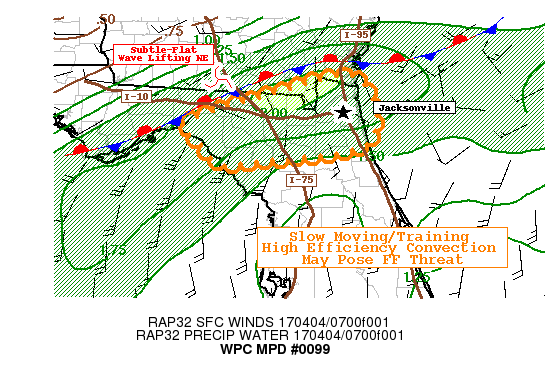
AREAS AFFECTED...NORTHEAST FL...EXT SOUTHEAST GA

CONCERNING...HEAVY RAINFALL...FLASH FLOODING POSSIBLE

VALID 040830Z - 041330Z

SUMMARY...PESKY REGENERATING CONVECTIVE COMPLEX ACROSS N FL
EXPECTED TO EXPAND INTO NE FL POSSIBLY AFFECTING THE I-10 CORRIDOR
AND JACKSONVILLE PROPER WITH HVY RAINS AND POSSIBLE FLASH FLOODING
CONDITIONS.

DISCUSSION...08Z SFC ANALYSIS DENOTES SFC BOUNDARY FROM NORTHERN
TIP OF APALACHEE BAY ACROSS TO JUST NORTH OF THE GA/FL BORDER AT
THE ATLANTIC COAST...SOUTHERLY COMPONENT SFC WIND FLOW INTERSECTS
WITH THE BOUNDARY PROVIDING STRONG SFC MST CONVERGENCE THOUGH
STRONGER FLOW WITHOUT FRICTIONAL EFFECTS OF 20-25KT ACROSS
APALACHEE BAY INTO THE BOUNDARY ALONG WITH CONFLUENT 40-45KT 850MB
FLOW CONTINUE TO MAINTAIN STRONG CONVECTION.  IN THE MID-LEVELS A
SUBTLE FLAT WAVE HAS BEEN TRACKING ACROSS S CENT GA ATTM PROVIDING
A BIT OF INCREASED UPPER LEVEL EVACUATION/ASCENT TO STRENGTHEN
UPDRAFTS.  GIVEN THE SFC FLOW IS HIGHLY RICH WITH MID 70S TDS AND
OVERALL TPWS OVER 1.75" CONVECTION HAS BEEN QUITE EFFICIENT WITH
RATES 2-2.5"/HR.  WHILE GREATER RAINFALL UP TO 8-9" FELL UPSTREAM
OVER RURAL/SWAMPY AREAS...RECENT UPTICK ALONG SOUTHERN-MOST
CONVERGENCE BAND AND FLAT WAVE BEGINNING TO EXIT COMPLEX SHOULD
START TO CROSS EASTERN I-10 TRACKING INTO JACKSONVILLE PROPER
WHERE URBAN CONDITIONS WILL POSE A GREATER FLASH FLOODING THREAT.

GIVEN THE SUBTLE NATURE OF THE WAVE/CONVERGENCE HI-RES GUIDANCE
HAS BEEN STRUGGLING THROUGH THE NIGHT TRYING TO HANDLE EACH
INCREASE OF CONVECTION WITH NO AVAIL...THOUGH RECENT HRRR AND RAP
RUNS HAVE BEEN LATCHING ONTO THE STRETCHING OF THE COMPLEX FURTHER
EAST TOWARD JACKSONVILLE PROVIDING SOME CONFIDENCE.  GIVEN
ORIENTATION OF THE BOUNDARY IS LIKELY NOT TO SHIFT MUCH AND
ONSHORE FLOW/LOW LEVEL CONVERGENCE SHOULD BE MAINTAINED THROUGH
PRE-DAWN CONVECTIVE MAXIMA...EXPECTATION OF 2-3" TOTALS ARE LIKELY
WITH ISOLATED 4-5" POSSIBLE...THOUGH WITH HIGH GUIDANCE VALUES.
GIVEN THIS UNCERTAINTY AND PROLONGED DRY CONDITIONS ONLY CAN
SUGGEST FLASH FLOODING IS POSSIBLE AT THIS TIME.